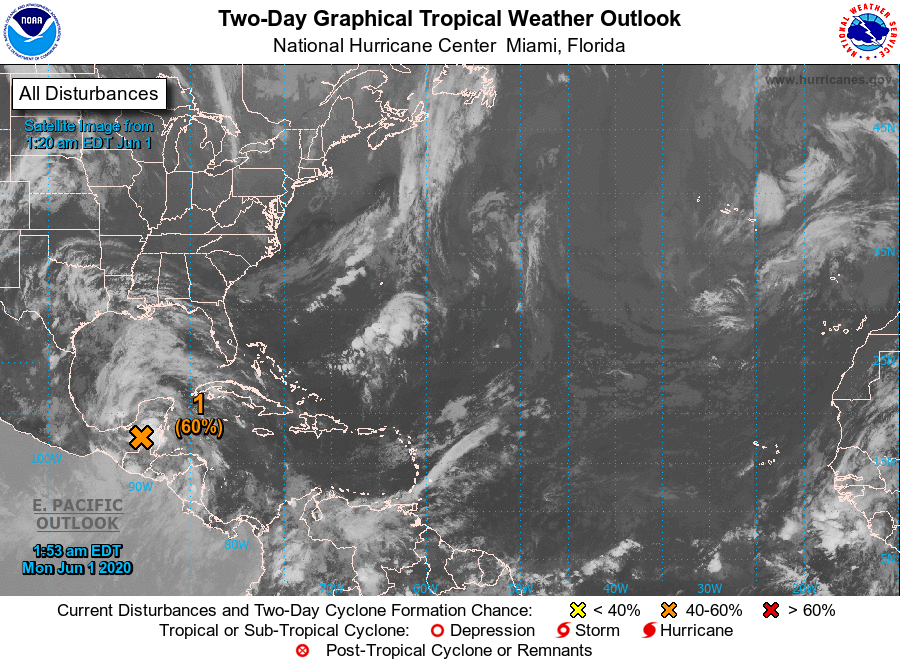
For the North Atlantic...Caribbean Sea and the Gulf of Mexico:

1. The remnants of Eastern Pacific Tropical Storm Amanda are currently located inland near the Guatemala-Yucatan Border. This large disturbance is forecast to move slowly northward this morning, followed by a northwestward motion later today, and the center of the low pressure system could emerge over the southeastern Bay of Campeche by this evening. If the remnants move back over water, environmental conditions appear conducive to support some development, and a new tropical depression could form while the system moves little through the middle of this week. Regardless of tropical cyclone formation, heavy rainfall is likely to continue over portions of southern Mexico, Guatemala, El Salvador, Belize, and western Honduras during the next few days. For additional information on the rainfall threat, see products from your national meteorological service.
* Formation chance through 48 hours...medium...60 percent.
* Formation chance through 5 days...high...70 percent.

Today marks the first day of the Atlantic hurricane season, which will run until November 30. Long-term averages for the number of named storms, hurricanes, and major hurricanes are 12, 6, and 3, respectively.

The list of names for 2020 is as follows:

Name Pronunciation Name Pronunciation ------------------------------------------------------------- Arthur AR-thur Laura LOOR-ruh Bertha BUR-thuh Marco MAR-koe Cristobal krees-TOH-bahl Nana NA-na Dolly DAH-lee Omar OH-mar Edouard ed-DWARD Paulette pawl-LET Fay fay Rene re-NAY Gonzalo gohn-SAH-loh Sally SAL-ee Hanna HAN-uh Teddy TEHD-ee Isaias ees-ah-EE-ahs Vicky VIH-kee Josephine JOH-seh-feen Wilfred WILL-fred Kyle KY-ull

Two tropical storms, Arthur and Bertha, already formed this year in May. The next named storm that develops this season will be Cristobal.

This product, the Tropical Weather Outlook, briefly describes significant areas of disturbed weather and their potential for tropical cyclone formation during the next five days. The issuance times of this product are 2 AM, 8 AM, 2 AM, and 8 PM EDT. After the change to standard time in November, the issuance times are 1 AM, 7 AM, 1 PM, and 7 PM EST.

A Special Tropical Weather Outlook will be issued to provide updates, as necessary, in between the regularly scheduled issuances of the Tropical Weather Outlook. Special Tropical Weather Outlooks will be issued under the same WMO and AWIPS headers as the regular Tropical Weather Outlooks.

A standard package of products, consisting of the tropical cyclone public advisory, the forecast/advisory, the cyclone discussion, and a wind speed probability product, is issued every six hours for all ongoing tropical cyclones. In addition, a special advisory package may be issued at any time to advise of significant unexpected changes or to modify watches or warnings.

The Tropical Cyclone Update is a brief statement to inform of significant changes in a tropical cyclone or to post or cancel watches or warnings. It is used in lieu of or to precede the issuance of a special advisory package. Tropical Cyclone Updates, which can be issued at any time, can be found under WMO header WTNT61-65 KNHC, and under AWIPS header MIATCUAT1-5.

All National Hurricane Center text and graphical products are available on the web at https://www.hurricanes.gov. You can also interact with NHC on Facebook at https://www.facebook.com/NWSNHC. Notifications are available via Twitter when select National Hurricane Center products are issued. Information about our Atlantic Twitter feed (@NHC_Atlantic) is available at https://www.hurricanes.gov/twitter.shtml.

Forecaster Stewart